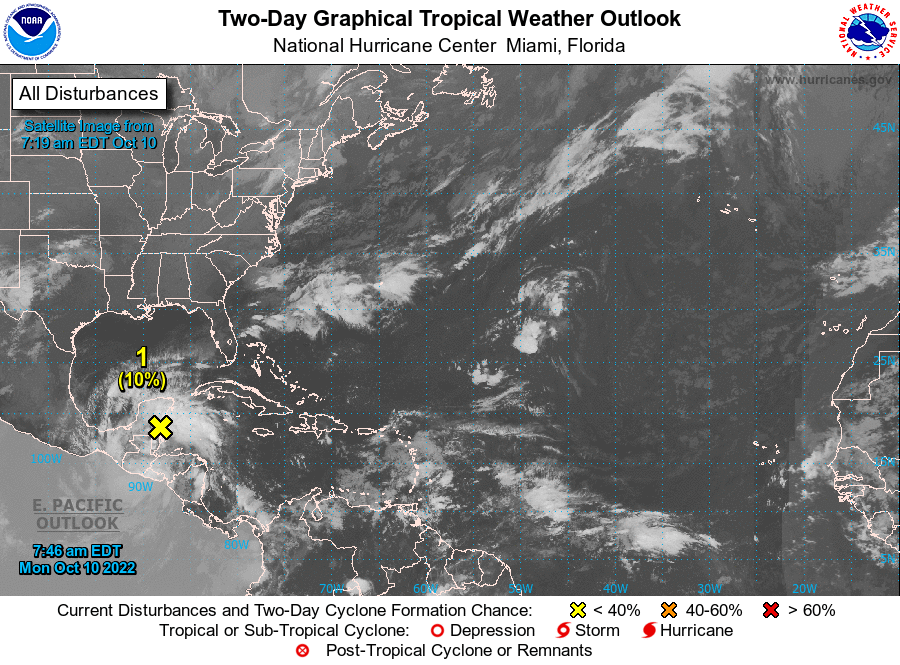
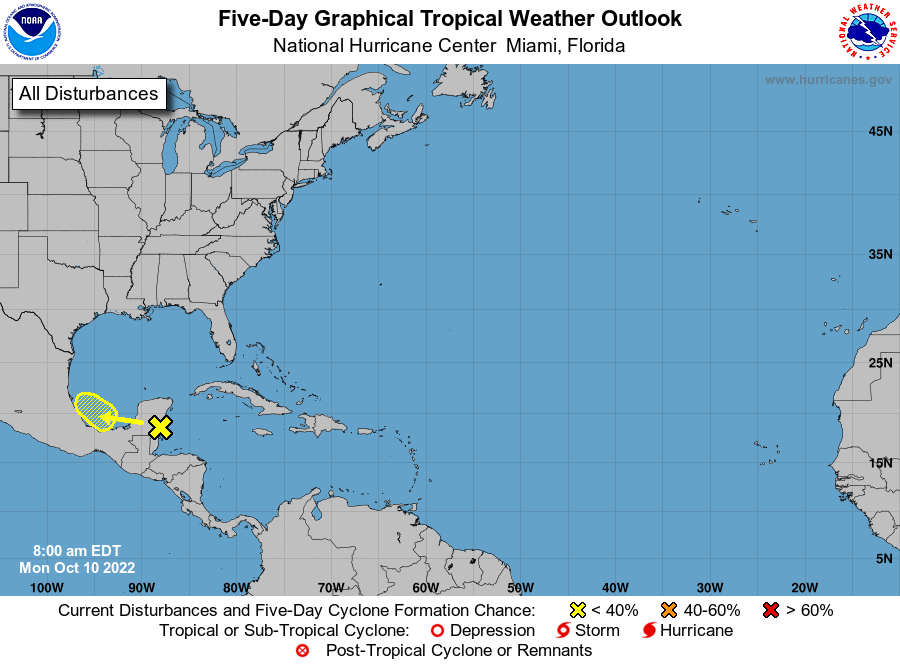
For the North Atlantic...Caribbean Sea and the Gulf of Mexico:

1. Southwest Gulf of Mexico: An area of disturbed weather located to the north of Tropical Storm Julia is forecast to move westward toward the far southwest Gulf of Mexico during the next day or two. Some slight development of this system is possible by mid-week if the disturbance remains over water. Regardless of development, heavy rain is expected over portions of southern Mexico, Belize, and Guatemala during the next couple of days.
* Formation chance through 48 hours...low...10 percent.
* Formation chance through 5 days...low...10 percent.

Forecaster D. Zelinsky